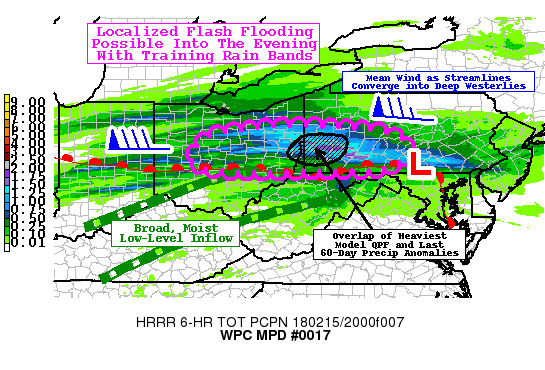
AREAS AFFECTED...CTRL/ERN OH...PANHANDLE OF WV...SWRN/SCTRL PA

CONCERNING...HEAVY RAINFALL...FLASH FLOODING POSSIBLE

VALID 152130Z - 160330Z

SUMMARY...HEAVY RAIN BANDS APPEAR LIKELY TO DEVELOP BY 6 PM EST
AND THEN TRAIN IN A WEST-TO-EAST FASHION ALONG THE I-70 CORRIDOR
THIS EVENING. HOURLY RAIN RATES APPROACHING 1 IN/HR EMBEDDED
WITHIN STEADY RAIN THROUGH THE EVENING MAY PRODUCE AREAS OF
LOCALIZED FLASH FLOODING.

DISCUSSION...THE LATEST SURFACE OBSERVATIONS AND RAP OBJECTIVE
ANALYSIS DEPICTED BROAD...MOIST...SOUTHWESTERLY LOW-LEVEL INFLOW
ACROSS THE OHIO VALLEY REGION. THE CINCINNATI (KCVG) ASOS RECORDED
A DEWPOINT OF 64 DEGREES AT 20Z...WHICH HAS NOT BEEN PREVIOUSLY
REPORTED ON AN HOURLY OBSERVATION IN FEBRUARY (PERIOD OF RECORD
1947-PRESENT). THIS IS AN ISOLATED EXAMPLE...BUT IS INDICATIVE OF
ANOMALOUSLY HIGH LOW-LEVEL MOISTURE VALUES FOR FEBRUARY ACROSS THE
REGION. AS THE BOUNDARY LAYER FLOW REACHES THE SURFACE WARM
FRONT...IT WAS BECOMING INCREASINGLY VEERED TO A WESTERLY
DIRECTION. AND THROUGH THE DEPTH OF THE TROPOSPHERE...STREAMLINES
WERE GENERALLY CONVERGING INTO DEEP WESTERLY FLOW. THIS WOULD
FAVOR TRAINING RAIN BANDS...AS WOULD THE ORIENTATION OF THE
LOW-LEVEL INFLOW (FROM THE WSW FAVORING BACKBUILDING).

REGIONAL RADARS WERE SHOWING AN INCREASE IN REFLECTIVITY BETWEEN
20Z AND 2130Z JUST NORTH OF THE I-70 CORRIDOR...AND SEVERAL
LIGHTNING STRIKES HAD ALSO BEEN RECENTLY OBSERVED TO THE NORTHEAST
OF DAYTON OH. HI-RES MODELS ARE IN GOOD AGREEMENT THAT THIS
WEST-TO-EAST ORIENTED BAND OF HEAVIER RAIN WITH EMBEDDED
THUNDERSTORMS SHOULD CONTINUE TO ORGANIZE OVER THE NEXT COUPLE
HOURS AND TRAIN NEAR I-70 INTO THE EVENING HOURS. RECENT RUNS OF
THE HRRR AND NAM NEST BOTH SHOW THE POTENTIAL FOR HOURLY RAIN
RATES TO APPROACH OR EVEN EXCEED 1 IN/HR IN NARROW AND LOCALIZED
SWATHS DURING THE EVENING HOURS. NEARLY ALL HI-RES MODELS SHOW
LOCALIZED 6-HOUR RAINFALL MAXIMA ON THE ORDER OF 2-3 INCHES BY
03Z. THESE AMOUNTS MAY BE SUFFICIENT TO PRODUCE FLASH
FLOODING...PARTICULARLY IN URBANIZED AREAS OR SMALLER BASINS
EMBEDDED WITHIN SHARPER TERRAIN GRADIENTS.

THE AREA AROUND PITTSBURGH IN SOUTHWEST PENNSYLVANIA AND THE WEST
VIRGINIA PANHANDLE HAS SOME OF THE LOWEST FFG IN THE OUTLINED
AREA...AND THE 60-DAY PRECIPITATION ANOMALIES ARE HIGHEST IN THE
SAME AREA (NEAR OR IN EXCESS OF 150 PERCENT OF NORMAL). HI-RES
MODELS SHOW A CONSIDERABLE OVERLAP OF THE HEAVIER RAINFALL OVER
THE NEXT SIX HOURS...AND THEREFORE THIS IS A REGION THAT MAY BE
MORE HYDROLOGICALLY FAVORED FOR FLASH FLOODING.